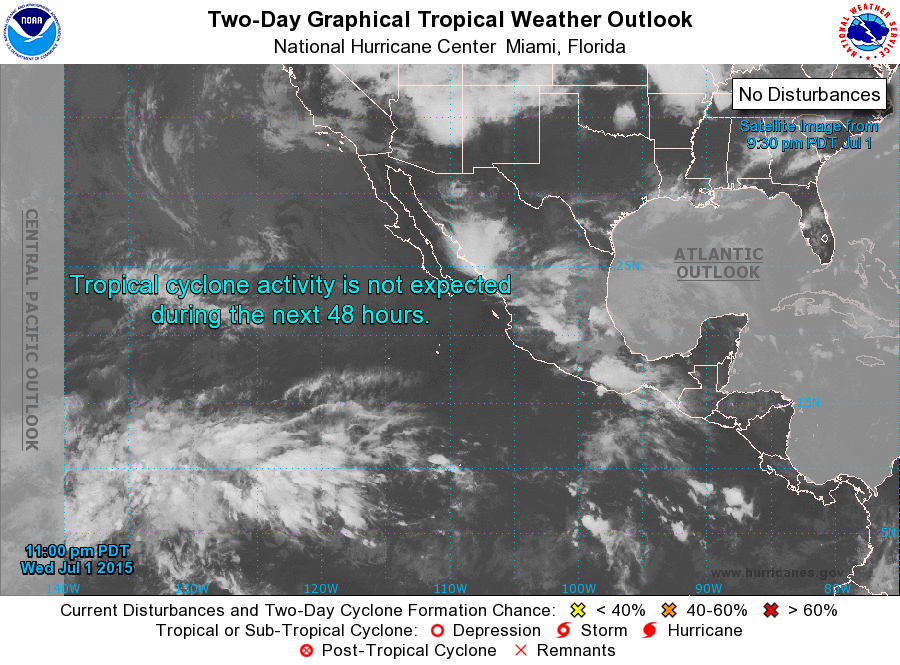
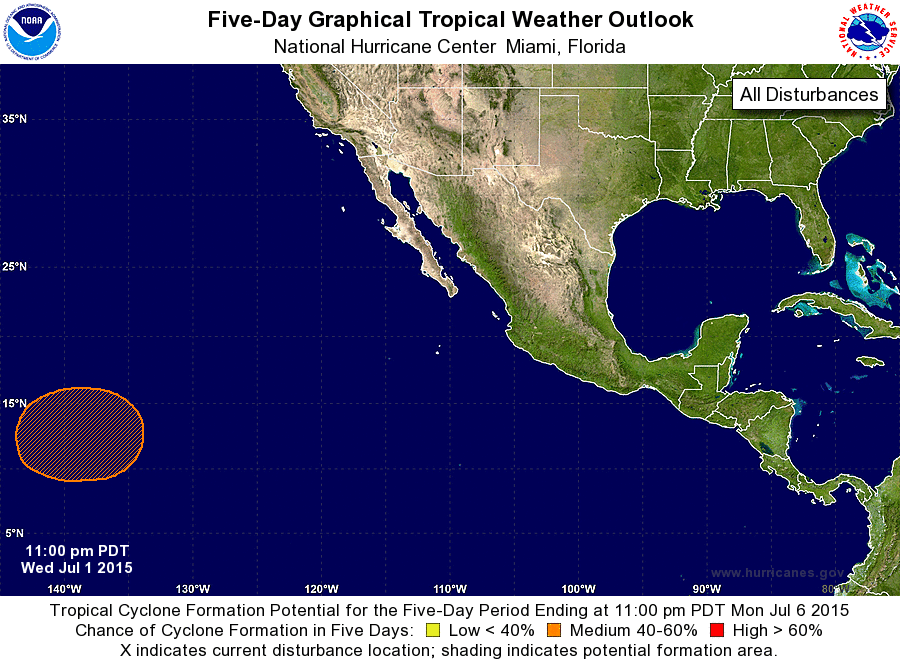
For the eastern North Pacific...east of 140 degrees west longitude:

1. An area of low pressure is expected to form well to the east- southeast of the Hawaiian Islands by the weekend. Upper-level winds are forecast to become conducive for gradual development early next week while the system moves slowly to the west or west-northwest.
* Formation chance through 48 hours...low...near 0 percent
* Formation chance through 5 days...medium...40 percent

Forecaster Pasch